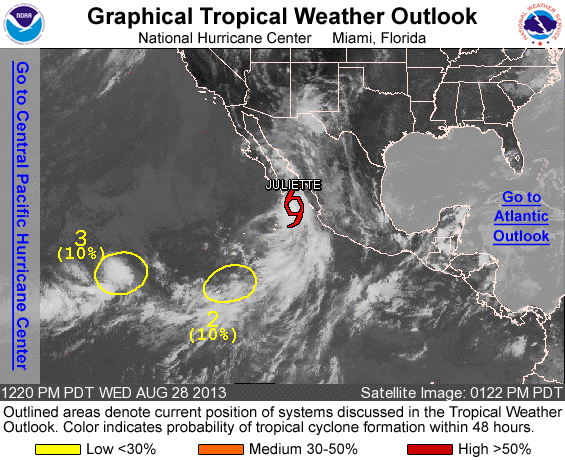
FOR THE EASTERN NORTH PACIFIC...EAST OF 140 DEGREES WEST LONGITUDE..

SPECIAL OUTLOOK ISSUED TO INDICATE THAT A TROPICAL STORM APPEARS TO BE FORMING IN THE DISTURBANCE NEAR THE BAJA CALIFORNIA PENINSULA.

1. UPDATED...SATELLITE WIND DATA INDICATE THAT THE AREA OF DISTURBED WEATHER LOCATED ABOUT 175 MILES SOUTHEAST OF THE SOUTHERN TIP OF THE BAJA CALIFORNIA PENINSULA HAS ACQUIRED A WELL-DEFINED CLOSED WIND CIRCULATION AND THAT A TROPICAL STORM IS FORMING. ADVISORIES ON THIS SYSTEM ARE EXPECTED TO BE INITIATED WITHIN THE NEXT COUPLE OF HOURS...AND A TROPICAL STORM WARNING WILL LIKELY BE REQUIRED FOR A PORTION OF THE SOUTHERN BAJA CALIFORNIA PENINSULA. HEAVY RAINS AND WINDS TO TROPICAL STORM FORCE ARE EXPECTED TO REACH THE PENINSULA WITHIN THE NEXT 12 HOURS. THIS SYSTEM HAS A HIGH CHANCE...NEAR 100 PERCENT...OF BECOMING A TROPICAL CYCLONE DURING THE NEXT 48 HOURS...AND A HIGH CHANCE...NEAR 100 PERCENT...OF BECOMING A TROPICAL CYCLONE DURING THE NEXT 5 DAYS.

2. A WEAK AREA OF LOW PRESSURE IS LOCATED ABOUT 775 MILES SOUTH-SOUTHWEST OF THE SOUTHERN TIP OF THE BAJA CALIFORNIA PENINSULA. DEVELOPMENT...IF ANY...OF THIS SYSTEM IS EXPECTED TO BE SLOW TO OCCUR DURING THE NEXT COUPLE OF DAYS WHILE IT MOVES NORTHEASTWARD AND NORTH-NORTHEASTWARD AT ABOUT 10 MPH. THIS SYSTEM HAS A LOW CHANCE...10 PERCENT...OF BECOMING A TROPICAL CYCLONE DURING THE NEXT 48 HOURS. THIS SYSTEM IS FORECAST TO REACH COOLER WATERS IN TWO TO THREE DAYS AND SIGNIFICANT DEVELOPMENT AFTER THAT TIME IS NOT EXPECTED. THIS SYSTEM HAS A LOW CHANCE...20 PERCENT...OF BECOMING A TROPICAL CYCLONE DURING THE NEXT 5 DAYS.

3. AN AREA OF DISORGANIZED SHOWERS AND THUNDERSTORMS LOCATED ABOUT 1500 MILES SOUTHWEST OF THE SOUTHERN TIP OF THE BAJA CALIFORNIA PENINSULA IS ASSOCIATED WITH A BROAD LOW PRESSURE AREA. CONDITIONS ARE MARGINALLY FAVORABLE FOR DEVELOPMENT OF THIS SYSTEM DURING THE NEXT FEW DAYS. THIS DISTURBANCE HAS A LOW CHANCE...10 PERCENT...OF BECOMING A TROPICAL CYCLONE DURING THE NEXT 48 HOURS...AND A LOW CHANCE...20 PERCENT...OF BECOMING A TROPICAL CYCLONE DURING THE NEXT 5 DAYS.

FIVE-DAY FORMATION PROBABILITIES ARE EXPERIMENTAL IN 2013. COMMENTS ON THE EXPERIMENTAL FORECASTS CAN BE PROVIDED AT...

HTTP://WWW.NWS.NOAA.GOV/SURVEY/NWS-SURVEY.PHP?CODE=ETWO

FORECASTER FRANKLIN/BROWN